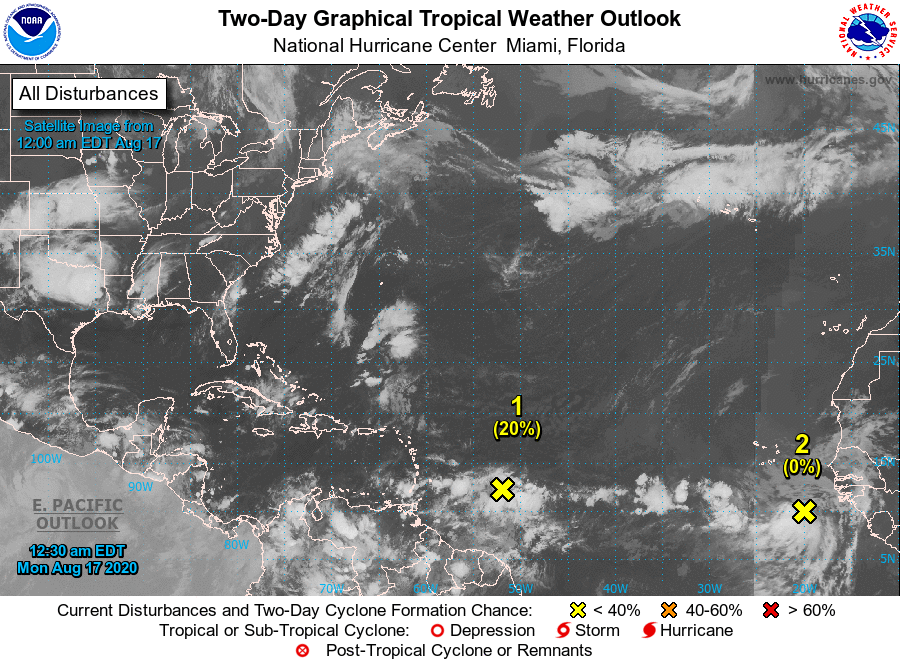
For the North Atlantic...Caribbean Sea and the Gulf of Mexico:

The National Hurricane Center has issued the last advisory on Post-Tropical Cyclone Josephine, located a couple of hundred miles north of San Juan, Puerto Rico.

1. Shower and thunderstorm activity has continued to increase in association with a fast-moving tropical wave located about 500 miles east of the Windward Islands. This disturbance is expected to move westward at about 20 mph during the next few days, and that fast forward speed is likely to limit significant development while the system approaches the Windward and southern Leeward Islands on Monday, and moves across the eastern Caribbean Sea on Tuesday. After that time, however, the system is expected to move more slowly westward across the central and western Caribbean Sea, where upper-level winds could become more conducive for the development of a tropical depression during the middle-to-latter part of this week.
* Formation chance through 48 hours...low...20 percent.
* Formation chance through 5 days...medium...50 percent.

2. Another tropical wave located over the far eastern tropical Atlantic well to the southeast of the Cabo Verde Islands is producing a large area of cloudiness and disorganized showers. The wave is forecast to move westward at 15 to 20 mph during the next few days, and environmental conditions are expected to become more conducive for the development of a tropical depression during the middle-to- latter part of this week while the system moves across the central tropical Atlantic.
* Formation chance through 48 hours...low...near 0 percent.
* Formation chance through 5 days...medium...50 percent.

Forecaster Stewart